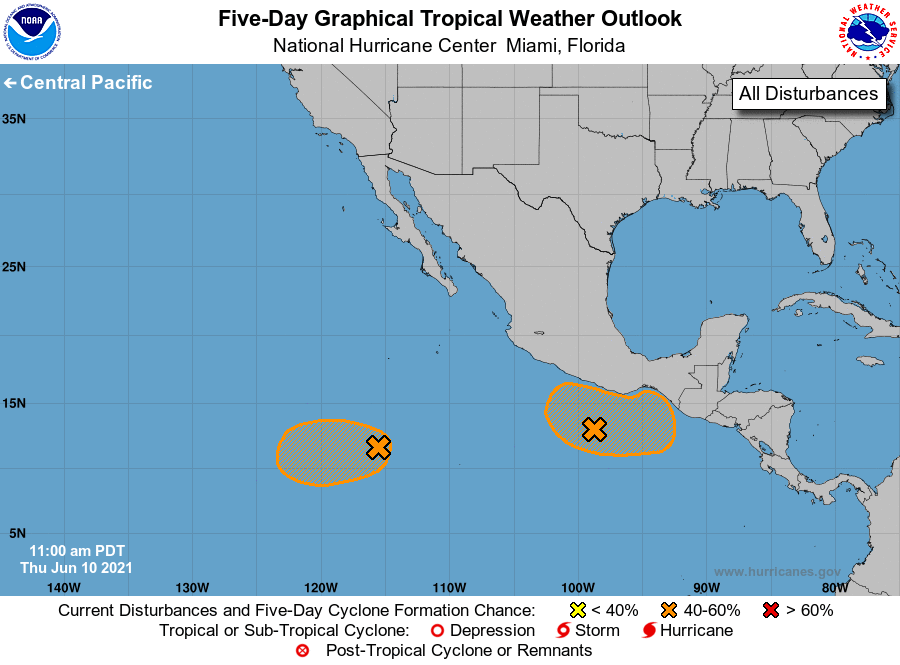
For the eastern North Pacific...east of 140 degrees west longitude:

1. A broad area of low pressure located about 900 miles south-southwest of the southern tip of the Baja California peninsula continues to produce a large area of disorganized showers and thunderstorms along the eastern Pacific monsoon trough. Environmental conditions appear favorable for some gradual development over the next few days, and a tropical depression could form by early next week as the system moves slowly westward.
* Formation chance through 48 hours...low...20 percent.
* Formation chance through 5 days...medium...40 percent.

2. A broad trough of low pressure located several hundred miles south of the coast of southern Mexico is producing a large area of disorganized showers and thunderstorms. Environmental conditions appear conducive for gradual development, and a tropical depression could form this weekend or early next week while the system drifts generally northward. Regardless of development, heavy rainfall could occur over portions of Central America and southern Mexico through early next week. See products from your local meteorological service for more information.
* Formation chance through 48 hours...low...near 0 percent.
* Formation chance through 5 days...medium...40 percent.

Forecaster Reinhart/Beven